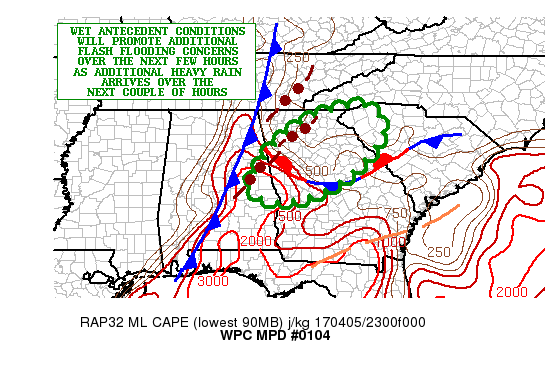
AREAS AFFECTED...FAR EASTERN AL...CENTRAL AND NORTHERN
GA...WESTERN SC

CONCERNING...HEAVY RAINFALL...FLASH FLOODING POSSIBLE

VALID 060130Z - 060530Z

SUMMARY...REDEVELOPING BANDS OF THUNDERSTORMS OVER THE NEXT FEW
HOURS MAY RESULT IN ADDITIONAL FLASH FLOODING CONCERNS GIVEN THE
WET ANTECEDENT CONDITIONS.

DISCUSSION...GOES-16 IR DATA SHOWS ADDITIONAL COOLING OF
CONVECTIVE TOPS ALONG AND JUST AHEAD OF A COLD FRONT ADVANCING
EAST ACROSS THE TN VALLEY EARLY THIS EVENING. A WELL-DEFINED
INSTABILITY AXIS IS POOLED FROM THE WESTERN FL PANHANDLE NORTH UP
ACROSS EASTERN AL AND INTO NORTHWEST GA...WITH MLCAPE VALUES AS
HIGH AS 1500 TO 2000 J/KG WHICH COUPLED WITH LARGER SCALE ASCENT
ARRIVING FROM THE UPSTREAM MID LEVEL TROUGH/CLOSED LOW IS HELPING
TO FACILITATE THE CONVECTIVE DEVELOPMENT. THE CONVECTION WILL BE
MOVING EAST INTO A MORE STABLE BOUNDARY LAYER ACROSS NORTHERN GA
OVER THE NEXT COUPLE OF HOURS...AND THIS WILL TEND TO ALLOW THE
CONVECTION TO WEAKEN AS IT DOES SO...BUT THE CONCERN WILL BE AT
LEAST SHORT-TERM HEAVY RAINFALL THAT WILL BE FALLING OVER AREAS
THAT SAW HEAVY RAIN THIS MORNING AND THROUGH EARLY AFTERNOON.

THE LATEST HRRR GUIDANCE SUGGESTS ADDITIONAL RAINS OF 1 TO 2
INCHES WILL BE POSSIBLE WHICH MAY AGGRAVATE RUNOFF CONCERNS AND
PROMOTE AT LEAST SOME SHORT-TERM FLASH FLOODING CONCERNS GIVEN THE
WET ANTECEDENT CONDITIONS.